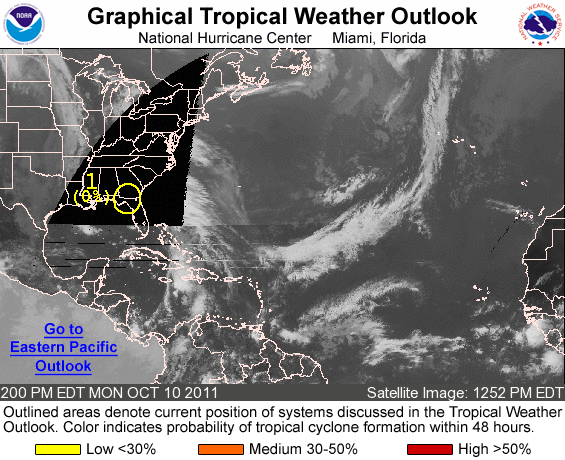
FOR THE NORTH ATLANTIC...CARIBBEAN SEA AND THE GULF OF MEXICO...

1. A LOW PRESSURE AREA CENTERED INLAND NEAR THE FLORIDA-GEORGIA BORDER ABOUT 25 MILES SOUTHWEST OF VALDOSTA GEORGIA CONTINUES TO GRADUALLY WEAKEN AND BECOME LESS DEFINED. SINCE THE LOW IS NOT EXPECTED TO EMERGE OVER WATER...DEVELOPMENT OF THIS DISTURBANCE INTO A SUBTROPICAL CYCLONE IS UNLIKELY. THIS SYSTEM HAS A LOW CHANCE... NEAR 0 PERCENT...OF BECOMING A SUBTROPICAL CYCLONE DURING THE NEXT 48 HOURS AS IT MOVES GENERALLY NORTHWESTWARD AT 10 TO 15 MPH. REGARDLESS OF DEVELOPMENT...STRONG GUSTY WINDS AND LOCALLY HEAVY RAINFALL ARE EXPECTED TO CONTINUE OVER PORTIONS OF THE SOUTHEASTERN UNITED STATES...ESPECIALLY ALONG THE COAST...THROUGH AT LEAST TONIGHT. FOR ADDITIONAL INFORMATION SPECIFIC TO YOUR AREA...PLEASE CONSULT STATEMENTS ISSUED BY YOUR LOCAL NATIONAL WEATHER SERVICE FORECAST OFFICE. THIS WILL BE THE LAST MENTION OF THIS WEATHER SYSTEM IN THE ATLANTIC TROPICAL WEATHER OUTLOOK.

ELSEWHERE...TROPICAL CYCLONE FORMATION IS NOT EXPECTED DURING THE NEXT 48 HOURS.

FORECASTER KIMBERLAIN